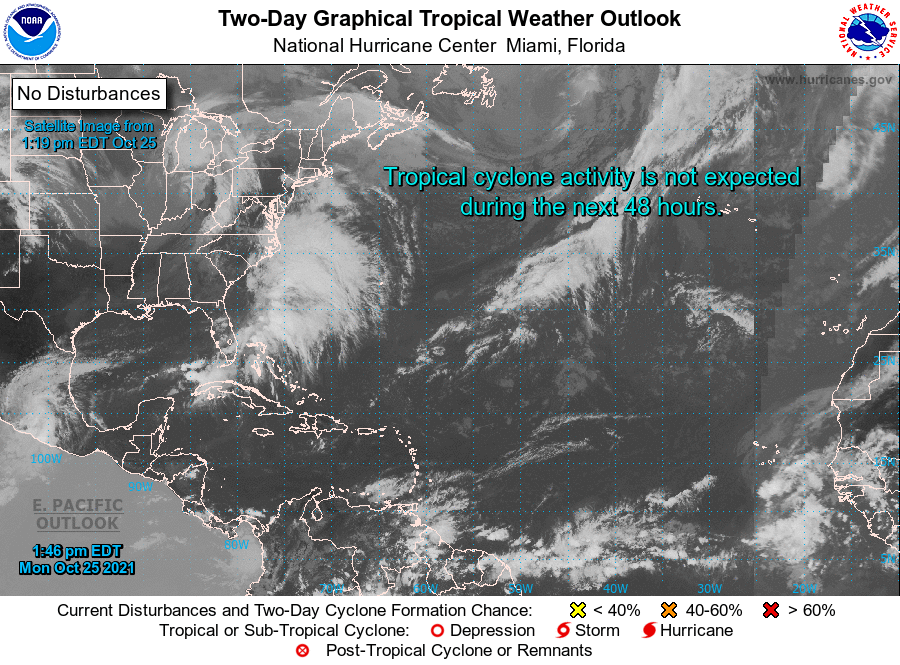
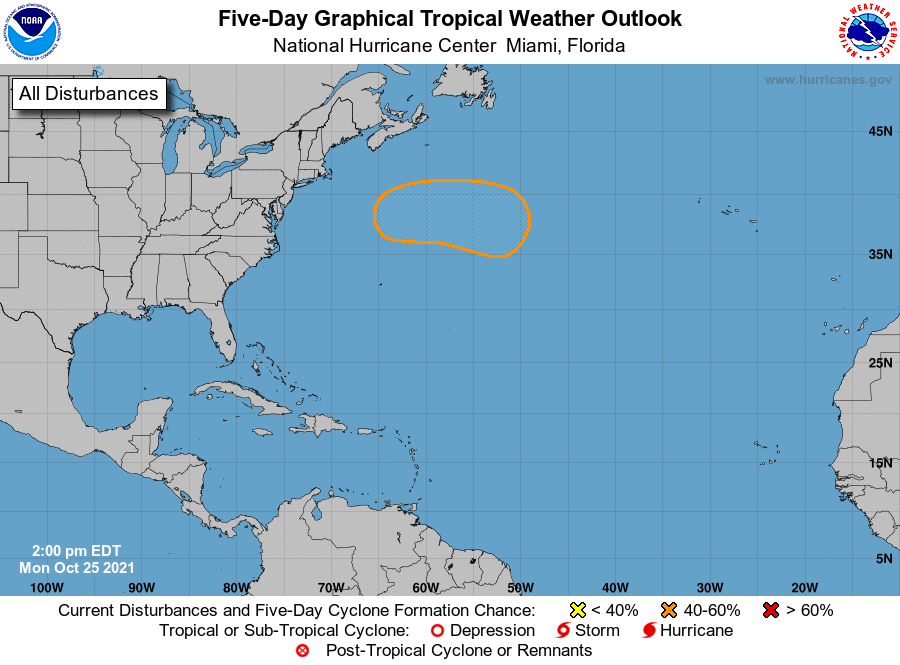
For the North Atlantic...Caribbean Sea and the Gulf of Mexico:

1. A non-tropical low pressure system is expected to form off the east coast of the United States by tonight. The frontal low is forecast to move generally north-northeastward through early this week, and the system will likely bring rain and wind impacts to portions of the mid-Atlantic and northeast U.S. coast. The system should then begin to move eastward away from the U.S. coast by midweek. By the end of the week, the low could acquire some tropical or subtropical characteristics while it moves eastward or southeastward over the central Atlantic. For more information on this system, including storm watches and warnings, see products issued by your local National Weather Service office and High Seas Forecasts issued by the National Weather Service.
* Formation chance through 48 hours...low...near 0 percent.
* Formation chance through 5 days...medium...40 percent.

High Seas Forecasts issued by the National Weather Service can be found under AWIPS header NFDHSFAT1, WMO header FZNT01 KWBC, and online at ocean.weather.gov/shtml/NFDHSFAT1.php

Forecaster Latto